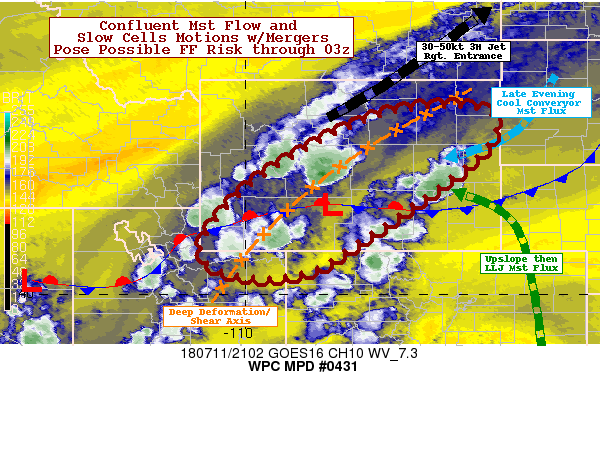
AREAS AFFECTED...WY...EXT NORTHWEST CO...EXT NORTHEAST UT...

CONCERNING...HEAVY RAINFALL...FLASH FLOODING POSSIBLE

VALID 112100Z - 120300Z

SUMMARY...CONFLUENCE OF STREAMS AND INCREASING
MOISTURE/INSTABILITY SUGGESTS UPSCALE GROWTH INTO CONVECTIVE
CLUSTER CAPABLE OF PRODUCING FLASH FLOODING CONDITIONS.

DISCUSSION...PEAK HEATING ACROSS TERRAIN OF UNITA/WIND
RIVER/LARAMIE RANGES IS FEEDING OF MODEST INSTABILITY AND MOUNTAIN
WIND ACCELERATION/CONVERGENCE.  SFC TDS IN THE CENTRAL PORTIONS OF
WY ARE IN THE MID-50S AND WHILE LOW TO MID-LEVEL IS GENERALLY WEAK
AT THIS TIME...IT IS ALSO GENERALLY CONFLUENT FROM SW WY TO NE WY.
 THIS IS ALSO COINCIDENT WITH DEFORMATION/SHEAR ZONE IN THE
MID-LEVELS SUGGESTING SLIGHTLY STEEPER MID-LEVEL LAPSE RATES FOR
STRONG UPDRAFT STRENGTHS.  GIVEN THE WEAK STEERING FLOW CELLS ARE
GENERALLY EXPECTED TO BE VERY SLOW MOVING ALLOWING FOR THE MODEST
RAIN RATES (IN THE 1.5-2"/HR RANGE) TO INCREASE IN TOTALS.  CELLS
WILL ALSO BE EVACUATED WELL LYING WITHIN THE RIGHT ENTRANCE TO
STRENGTHENING 3H JET UP TO 50KTS IN SE WY.  IT IS THIS BROAD
SYNOPTIC  ISENTROPIC ASCENT FROM CENTRAL UT ACROSS WY INTO THE
STRENGTHENING JET THAT WILL ALSO PROVIDE MOISTENING OF THE
MID-LEVELS AS TRENDING IN THE CIRA LPW FROM 7-3H LAYERS KEEPING
RAINFALL EFFICIENCY FAIRLY HIGH TO MAINTAIN THE CLUSTERS AS THE
COMPLEX GROWS UPSCALE.

SURFACE FRONT APPEARS TO BE DRAPED ACROSS S WY AT THIS TIME
ANGLING TOWARD NW NEB INTO CENTRAL SD. STRENGTHENING MOISTURE FLUX
IN THE UPSLOPE FLOW REGIME FROM THE SOUTHEAST WILL ALSO BE
ENHANCED WITH FLUX ALONG A FAIRLY MOIST COOL CONVEYOR BELT
INCREASING TO 14-20KTS AFTER 00Z ACROSS NE WY.  THIS SHIFT IN FLOW
REGIME IN THE LOWER LEVELS WILL ALSO SUPPORT CLOUD BEARING VECTORS
TO CONVERGE ACROSS CENTRAL WY SUGGESTIVE OF CELL/CLUSTER MERGERS
ARE POSSIBLE AFTER 00Z ONLY ADDING TO THE SW-NE TRACK OF
CLUSTER/COMPLEX.  THIS IS GENERALLY FALLING IN LINE WITH RECENT
HRRR RUNS AS WELL AS THE HRRR-TLE SUGGESTING 2-3" TOTALS OVER
SHORT TIME SCALES LEADING TO POSSIBLE FLASH FLOODING THROUGH 03Z.